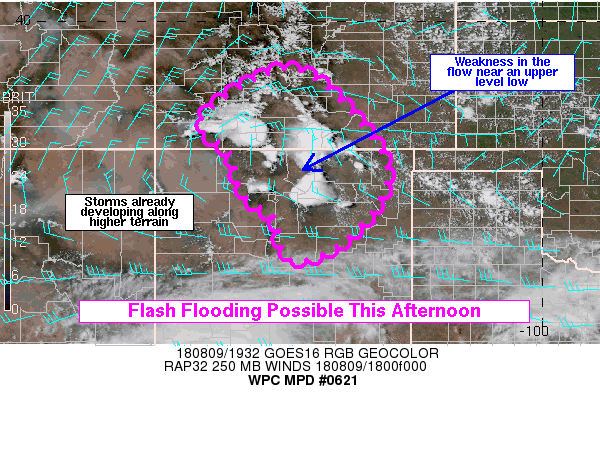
Areas affected...Northern New Mexico, Southern Colorado

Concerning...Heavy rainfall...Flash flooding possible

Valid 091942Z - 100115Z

Summary...Thunderstorms will continue to develop along higher
terrain in southern Colorado and northern New Mexico this
afternoon. These storms may move slowly and eventually drift into
lower elevation areas as well. The slow storm motion may allow for
an inch or more of rainfall in an hour or less at some locations,
which could lead to flash flooding.

Discussion...GOES-16 and GOES-15 satellite imagery indicated
numerous thunderstorms initiating along higher terrain in southern
Colorado and northern New Mexico early this afternoon. The GOES-16
Convection RGB highlighted many thunderstorms of moderate
strength, with a few localized stronger updrafts with smaller ice
particles. The convective development is expected to continue into
the afternoon, with some mergers or consolidation possible given
the amount of vigorous convection in the region. An upper level
low was also centered near the NM-CO border, with a weakness in
the flow. Mean winds (850-300mb) across the outlined area were
generally around or less than 5 knots, and the strength and
pattern of the upper level flow should create some nearly
stationary thunderstorms, with a tendency to sit near areas of
higher terrain. The slow storm motions will favor rapid
accumulation of rainfall, with 1.0 to 1.5 in/hr rain rates
possible. Although the instability and moisture levels are not
particularly high for this time of year, they are sufficient to
produce 1 in/hr rain rates, and given the slow storm motions,
localized maxima of several inches of rain appear possible. This
could lead to flash flooding, particularly in smaller, narrow
basins or near burn scars.